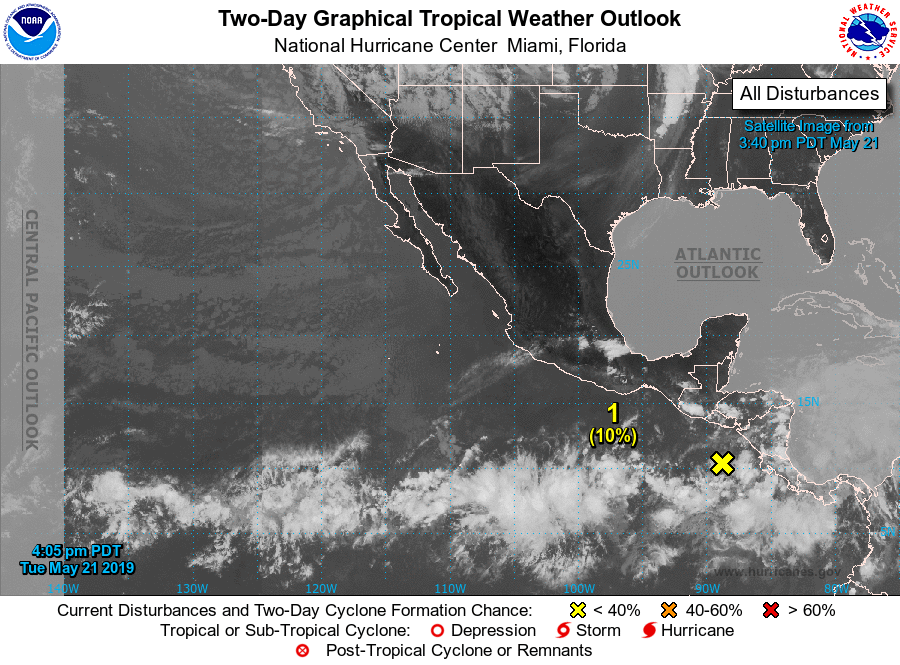
For the eastern North Pacific...east of 140 degrees west longitude:

1. A weak area of low pressure located a couple of hundred miles south of the coast of El Salvador continues to produce disorganized shower activity. Gradual development of this system is possible late this week and this weekend while the disturbance meanders over the far eastern North Pacific. Regardless of development, this system is likely to produce areas of heavy rain over portions of Central America during the next few days.
* Formation chance through 48 hours...low...10 percent.
* Formation chance through 5 days...medium...50 percent.

Forecaster Cangialosi